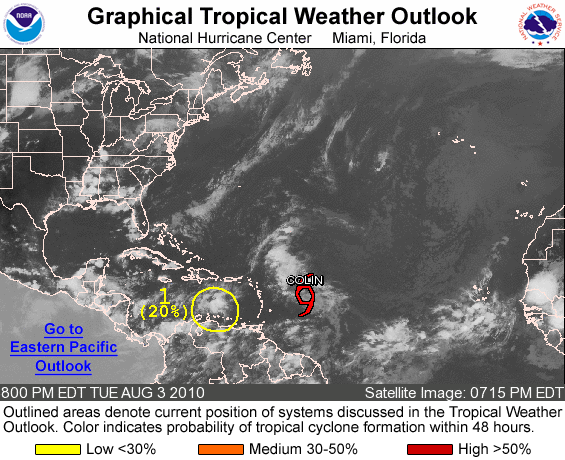
FOR THE NORTH ATLANTIC...CARIBBEAN SEA AND THE GULF OF MEXICO...

THE NATIONAL HURRICANE CENTER HAS ISSUED ITS LAST ADVISORY ON TROPICAL STORM COLIN WHICH HAS DEGENERATED INTO A TROUGH OF LOW PRESSURE ABOUT 375 MILES EAST OF THE LEEWARD ISLANDS. THE REMNANTS OF COLIN WILL BE MONITORED FOR POSSIBLE REGENERATION DURING THE NEXT COUPLE OF DAYS AS THEY MOVE RAPIDLY WEST-NORTHWESTWARD.

1. DISORGANIZED CLOUDINESS AND SHOWERS OVER THE SOUTH-CENTRAL CARIBBEAN SEA ARE ASSOCIATED WITH A TROPICAL WAVE. ENVIRONMENTAL CONDITIONS APPEAR FAVORABLE FOR GRADUAL DEVELOPMENT OF THIS SYSTEM DURING THE NEXT FEW DAYS AS IT MOVES WESTWARD AT 15 TO 20 MPH. THERE IS A LOW CHANCE...20 PERCENT...OF THIS SYSTEM BECOMING A TROPICAL CYCLONE DURING THE NEXT 48 HOURS.

ELSEWHERE...TROPICAL CYCLONE FORMATION IS NOT EXPECTED DURING THE NEXT 48 HOURS.

FORECASTER BROWN/BLAKE